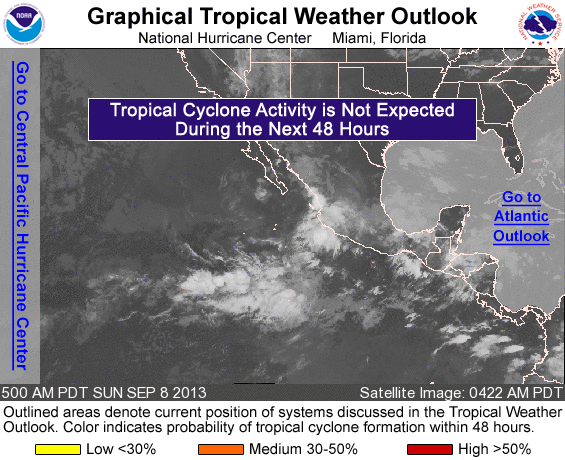
FOR THE EASTERN NORTH PACIFIC...EAST OF 140 DEGREES WEST LONGITUDE..

TROPICAL CYCLONE FORMATION IS NOT EXPECTED DURING THE NEXT 48 HOURS.

OTHER SYSTEMS WITH FORMATION POTENTIAL BEYOND 48 HOURS...

A LOW PRESSURE AREA COULD FORM SOUTH OF THE COAST OF MEXICO IN A FEW DAYS...AND CONDITIONS APPEAR CONDUCIVE FOR SOME DEVELOPMENT BY THE END OF THIS WEEK. THIS SYSTEM HAS A LOW CHANCE...NEAR 0 PERCENT... OF BECOMING A TROPICAL CYCLONE DURING THE NEXT 48 HOURS AND A LOW CHANCE...20 PERCENT...OF BECOMING A TROPICAL CYCLONE DURING THE NEXT FIVE DAYS.

&&
FIVE-DAY FORMATION PROBABILITIES ARE EXPERIMENTAL IN 2013. COMMENTS ON THE EXPERIMENTAL FORECASTS CAN BE PROVIDED AT...

HTTP://WWW.NWS.NOAA.GOV/SURVEY/NWS-SURVEY.PHP?CODE=ETWO

FORECASTER PASCH